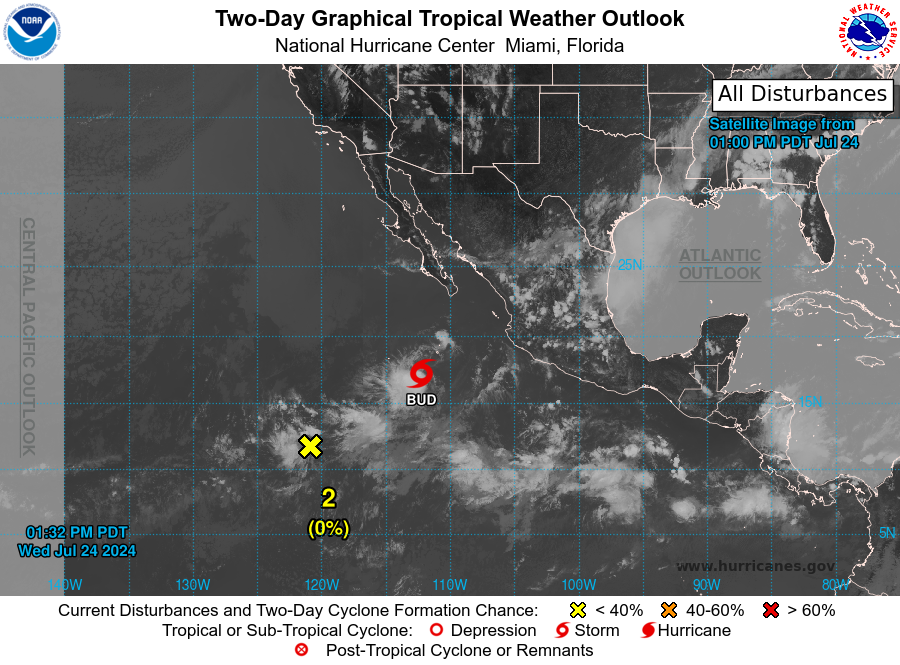
For the eastern North Pacific...east of 140 degrees west longitude:

Special outlook issued to update discussion of the low pressure system offshore of the southwestern coast of Mexico (EP93).

1. Offshore Southwestern Mexico (EP93): Updated: Recent satellite-derived wind data indicate that the low pressure system located several hundred miles west-southwest of Manzanillo, Mexico, is producing winds to tropical storm force south and east of its center. The associated showers and thunderstorms have also increased in organization during the day, and if this activity continues, then advisories would likely be initiated on a tropical storm later this afternoon. The low is forecast to move westward around 15 mph, away from the southwestern coast of Mexico.
* Formation chance through 48 hours...high...80 percent.
* Formation chance through 7 days...high...80 percent.

2. Central and Western East Pacific: Shower and thunderstorm activity associated with a tropical wave located more than one thousand miles southwest of the southern tip of the Baja California Peninsula remains disorganized. Development of this system appears unlikely over the next several days while it moves westward to west-northwestward at 10 to 15 mph across the central and western portions of the basin.
* Formation chance through 48 hours...low...near 0 percent.
* Formation chance through 7 days...low...10 percent.

Forecaster Berg/Hagen